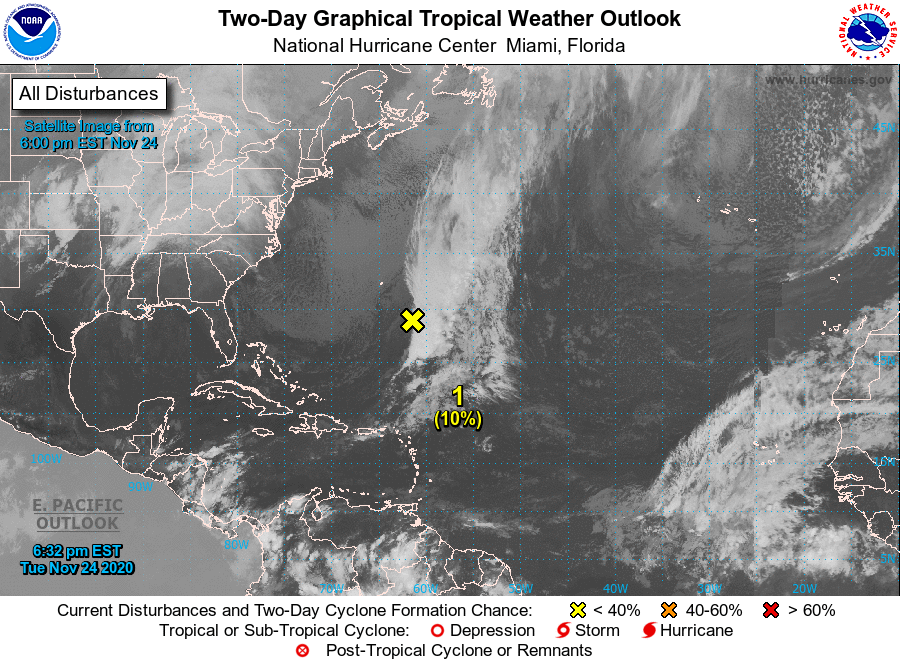
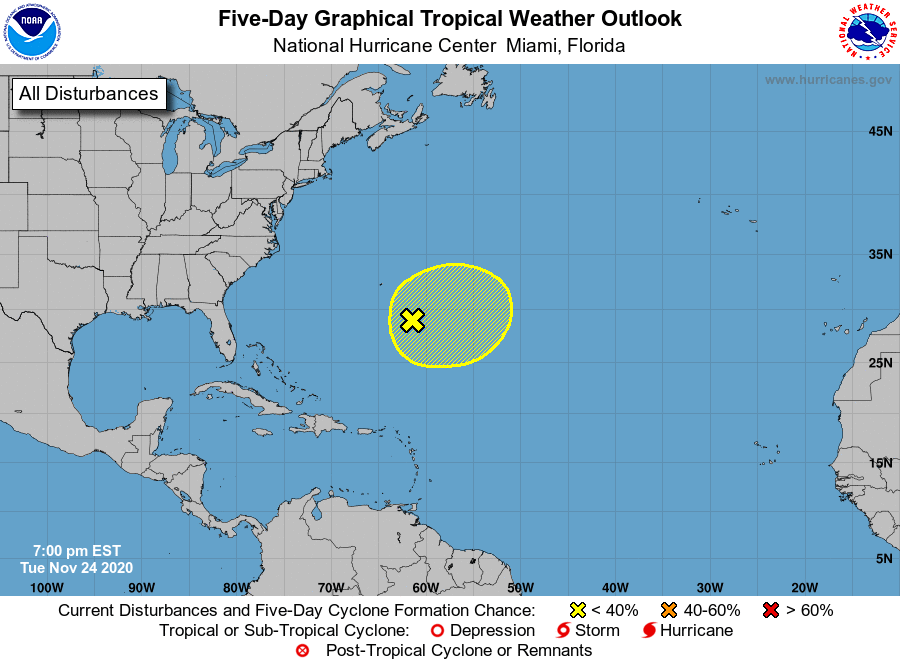
For the North Atlantic...Caribbean Sea and the Gulf of Mexico:

1. A non-tropical area of low pressure located a couple of hundred miles south-southeast of Bermuda is associated with a frontal system. This distubance is producing gale-force winds, along with showers and thunderstorms to the east of its center. By Thursday, the system could separate from the front and slowly develop some subtropical characteristics as it meanders over the central Atlantic later this week. For more information on this system, see the High Seas Forecasts issued by the National Weather Service.
* Formation chance through 48 hours...low...10 percent.
* Formation chance through 5 days...low...30 percent.

High Seas Forecasts issued by the National Weather Service can be found under AWIPS header NFDHSFAT1, WMO header FZNT01 KWBC, and online at ocean.weather.gov/shtml/NFDHSFAT1.php

Forecaster Papin/Zelinsky